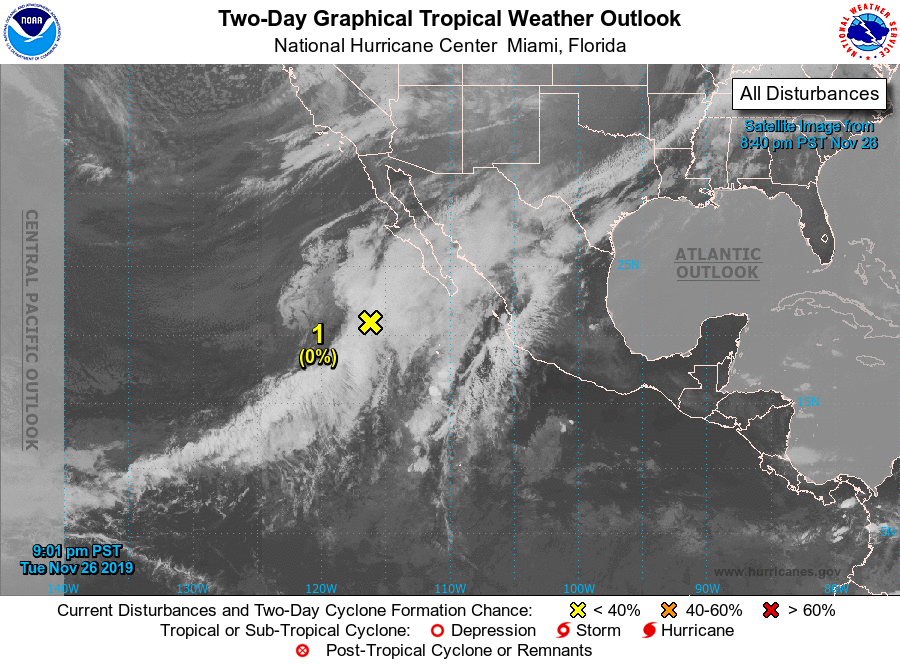
For the eastern North Pacific...east of 140 degrees west longitude:

1. A broad non-tropical area of low pressure is producing a large area of disorganized showers and thunderstorms from the Baja California peninsula southwestward over the eastern Pacific for several hundred miles. Although this system is not expected to become a tropical cyclone, it will likely produce heavy rains and strong winds over portions of the Baja California peninsula, the Gulf of California, and northwestern Mexico through early Thursday. This rainfall could cause life-threatening flash floods and mudslides. For additional information on the rainfall threat in Mexico, please see products issued by the Mexican Weather Service. For information on marine hazards, see High Seas Forecasts issued by the National Weather Service.
* Formation chance through 48 hours...low...near 0 percent.
* Formation chance through 5 days...low...near 0 percent.

High Seas Forecasts issued by the National Weather Service can be found under AWIPS header NFDHSFEPI, WMO header FZPN02 KWBC, and on the web at ocean.weather.gov/shtml/NFDHSFEPI.php

Information on the rainfall threat in Mexico from CONAGUA can be found on the web at www.gob.mx/conagua

Forecaster Brown